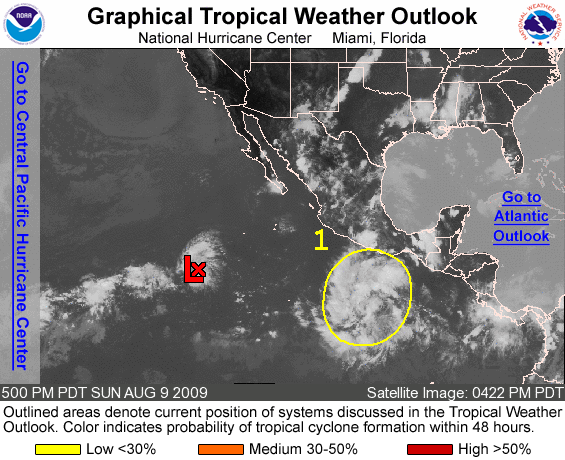
FOR THE EASTERN NORTH PACIFIC...EAST OF 140 DEGREES WEST LONGITUDE..

THE NATIONAL HURRICANE CENTER IS ISSUING ADVISORIES ON NEWLY-FORMED TROPICAL DEPRESSION NINE-E...LOCATED ABOUT 915 MILES SOUTHWEST OF THE SOUTHERN TIP OF BAJA CALIFORNIA.

1. A BROAD AREA OF DISTURBED WEATHER ASSOCIATED WITH A TROPICAL WAVE IS LOCATED SEVERAL HUNDRED MILES SOUTH OF ACAPULCO MEXICO. CONDITIONS APPEAR FAVORABLE FOR SOME SLOW DEVELOPMENT OF THIS SYSTEM DURING THE NEXT COUPLE OF DAYS AS IT MOVES GENERALLY WESTWARD AT 10 TO 15 MPH. THERE IS A LOW CHANCE...LESS THAN 30 PERCENT...OF THIS SYSTEM BECOMING A TROPICAL CYCLONE DURING THE NEXT 48 HOURS.

ELSEWHERE...TROPICAL CYCLONE FORMATION IS NOT EXPECTED DURING THE NEXT 48 HOURS.

PUBLIC ADVISORIES ON TROPICAL DEPRESSION NINE-E ARE ISSUED UNDER WMO HEADER WTPZ34 KNHC AND UNDER AWIPS HEADER MIATCPEP4. FORECAST/ADVISORIES ON NINE-E ARE ISSUED UNDER WMO HEADER WTPZ24 KNHC AND UNDER AWIPS HEADER MIATCMEP4.

FORECASTER BROWN/ROBERTS